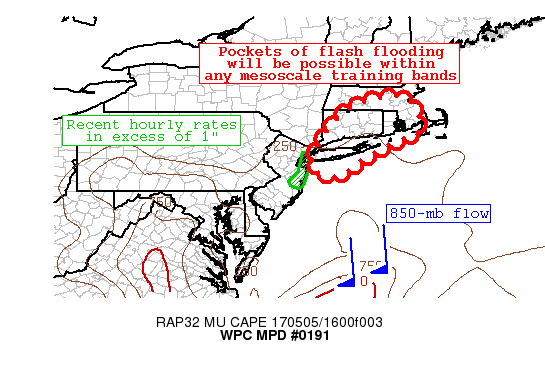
AREAS AFFECTED...FAR SOUTHEASTERN NY/LONG ISLAND/CT/RI/SOUTHERN
MA...

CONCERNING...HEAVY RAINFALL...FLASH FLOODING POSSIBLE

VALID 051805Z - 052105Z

SUMMARY...MESOSCALE BANDING WITHIN A BROADER PRECIPITATION SHIELD
HAS FOCUSED AN INTENSE BAND OF LOW-TOPPED CONVECTION ACROSS THE
NEW YORK CITY METRO AREA. WHILE TRANSIENT IN NATURE...THE
POTENTIAL FOR THIS TO PERSIST INTO DOWNSTREAM LOCATIONS IS
POSSIBLE WHICH COULD SPREAD THE FLASH FLOOD THREAT INTO LOWER
COASTAL NEW ENGLAND.

DISCUSSION...WHILE LACKING IN INSTABILITY AS MUCAPE VALUES HAVE
GENERALLY NOT EXCEEDED 250 J/KG...IMPRESSIVE LOW-LEVEL WARM
ADVECTION PUMPING 1.50 INCH PLUS PWATS INTO THE UPPER MID-ATLANTIC
COAST HAS MADE UP FOR THESE LIMITATIONS. LOCALLY INTENSE HEAVY
RAINFALL HAS FALLEN ACROSS EAST-CENTRAL NJ UP TOWARD THE NEW YORK
CITY METRO AREA WITH HOURLY OBSERVATIONS REACHING THE 1 TO 1.25
INCH RANGE. THIS HAS LED TO A NUMBER OF FLASH FLOOD
REPORTS...ESPECIALLY ACROSS THE MORE SUSCEPTIBLE URBANIZED LOCALES.

ON A BROADER SENSE...HOURLY RATES HAVE GENERALLY STAYED IN THE
0.25 TO 0.50 INCH RANGE WHILE SOME MORE IMPRESSIVE MESOSCALE BANDS
HAVE TRIPLED THESE AMOUNTS. WITH LIMITED FORECASTABILITY IN SUCH
OCCURRENCES DOWN THE ROAD...THE POTENTIAL STILL EXISTS FOR FURTHER
FLARE-UPS AS THE SYSTEM LIFTS TOWARD CT/RI/MA. MESOSCALE MODELS
SUPPORT A BROAD SWATH OF 1 TO 2 INCH AMOUNTS DURING THE NEXT 6
HOURS...PARTICULARLY OVER CT/RI. THIS IS SUPPORTED BY THE 12Z
NSSL-WRF/HRW-ARW/RECENT RUNS OF THE HRRR. WHILE SUCH FORECAST
AMOUNTS SHOULD NOT BE A FLASH FLOOD ISSUE DURING A 6-HOUR
SENSE...ANY MORE INTENSE DOWNPOURS LIKE WHAT WAS SEEN FROM
EAST-CENTRAL NJ INTO SOUTHEASTERN NY MAY CAUSE SOME LOCALIZED
ISSUES.